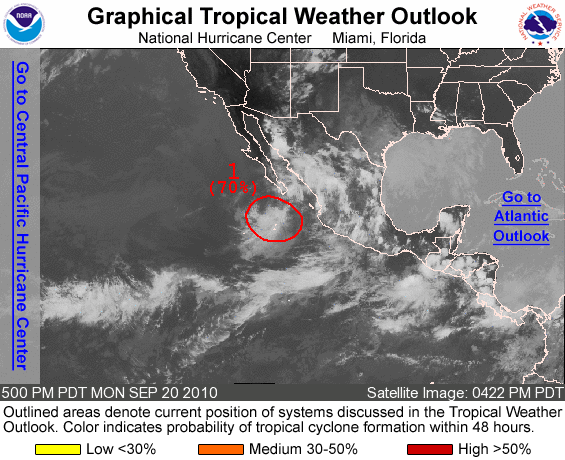
FOR THE EASTERN NORTH PACIFIC...EAST OF 140 DEGREES WEST LONGITUDE..

1. AN AREA OF LOW PRESSURE CENTERED ABOUT 150 MILES SOUTH-SOUTHEAST OF THE SOUTHERN TIP OF BAJA CALIFORNIA IS MOVING NORTH-NORTHWESTWARD AT 10 TO 15 MPH AND IS ACCOMPANIED BY WINDS TO GALE FORCE. THIS SYSTEM LACKS SUFFICIENT ORGANIZED THUNDERSTORM ACTIVITY TO BE CLASSIFIED AS A TROPICAL CYCLONE AT THIS TIME. ALTHOUGH UPPER-LEVEL WINDS DO NOT APPEAR CONDUCIVE FOR SIGNIFICANT DEVELOPMENT...AN INCREASE IN THUNDERSTORMS WOULD LIKELY RESULT IN THE FORMATION OF A TROPICAL STORM. INTERESTS IN SOUTHERN BAJA CALIFORNIA SHOULD MONITOR THE PROGRESS OF THIS SYSTEM AS A TROPICAL STORM WARNING MAY BE REQUIRED FOR THAT AREA TONIGHT OR EARLY TUESDAY. THERE IS A HIGH CHANCE...70 PERCENT...OF THIS SYSTEM BECOMING A TROPICAL CYCLONE DURING THE NEXT 48 HOURS.

ELSEWHERE...TROPICAL CYCLONE FORMATION IS NOT EXPECTED DURING THE NEXT 48 HOURS.

FORECASTER PASCH